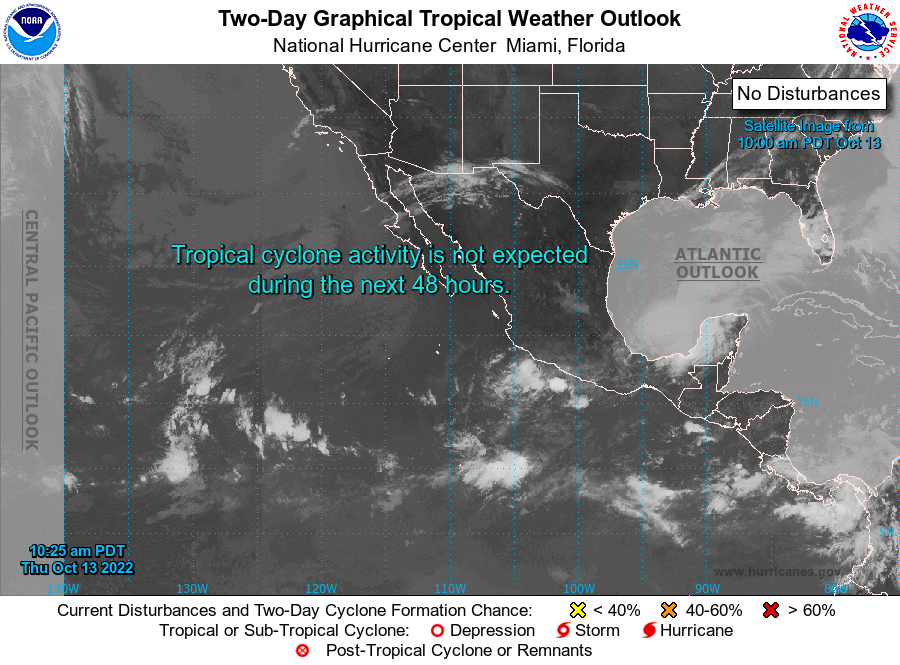
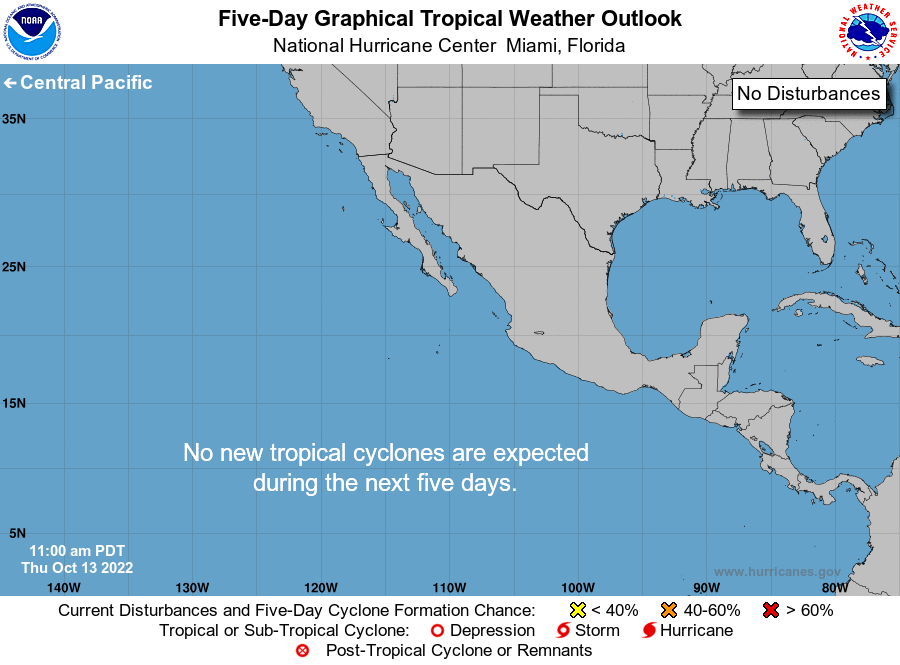
For the eastern North Pacific...east of 140 degrees west longitude:

Tropical cyclone formation is not expected during the next 5 days.

Forecaster Reinhart